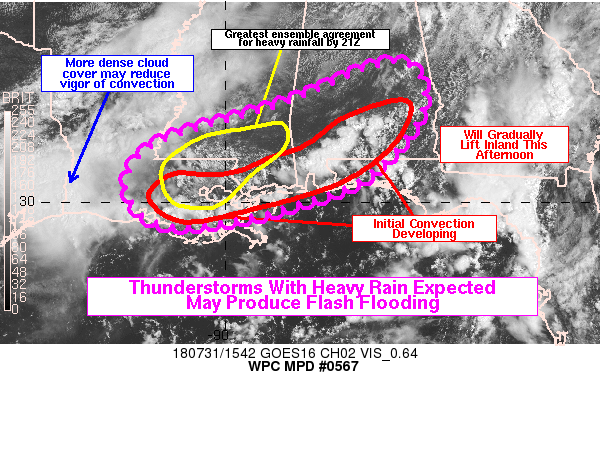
Areas affected...Central Gulf Coast

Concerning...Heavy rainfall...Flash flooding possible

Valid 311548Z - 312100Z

Summary...Numerous thunderstorms are expected this afternoon along
the central Gulf Coast, from Louisiana into Alabama and the
Western Florida Panhandle. In some cases, these storms may collide
or backbuild, prolonging heavy rainfall in small areas. This could
lead to localized maximum rain rates to around 3 in/hr and
rainfall totals in excess of 5 inches. Rain of this intensity
could lead to flash flooding.

Discussion...GOES-16 Day Convection RGB shows developing
convection along the Gulf sea breeze, rapidly becoming stronger
(through detection of increasingly small ice particles with
stronger updrafts). This was occurring in an arc from southern
Louisiana east to near Mobile Bay and the western Florida
Panhandle. This is expected to continue, with high confidence in
increasing convective coverage given excellent hi-res model
agreement. The convection should gradually lift inland during the
afternoon, as is typical with the sea breeze during the summer
season, and with the aid of southwesterly 10-15 knot mean flow
(850-300mb). This will favor flash flood potential in portions of
southern Alabama, where the current orientation of increasingly
organized convective clusters and lines is roughly parallel to
this mean wind (SW-NE). Hi-res models may be underestimating the
potential for localized heavy rainfall in these areas prior to
21Z. Further west, better hi-res ensemble agreement exists for
heavy rainfall in the next six hours. This may be favored with an
eastward propagating outflow boundary (passing BTR around 1530Z on
GOES-16 visible satellite) interacting with existing storms and
sea breeze boundaries near the Gulf of Mexico and Lake
Pontchartrain. Colliding boundaries would be expected to lead to a
greater concentration of convection, and thus a greater likelihood
of heavy rainfall. The 12Z HREF and 00Z HRRRE may be slightly too
far west with placement, however, given the notable eastward
progress of the outflow. HRRRE and HREF focus the highest
probabilities of 2+ inches of rainfall just north of Lake
Pontchartrain, but it is possible this could end up being
displaced further to the ENE.

Throughout the region, backbuilding Corfidi vector magnitudes
should be around 5 knots or less, suggesting the potential for
cell mergers and upshear storm growth to contribute to localized
very heavy rainfall. Numerous GPS-PW observations in the region,
and the 12Z soundings from LIX, TLH, LCH, and BMX, had PWAT values
around or above 2 inches. Combined with the expected slow storm
motions and moderate instability, this could yield rain rates to
around 3 in/hr. This may be sufficient to produce some flash
flooding by mid-late afternoon along the central Gulf Coast.